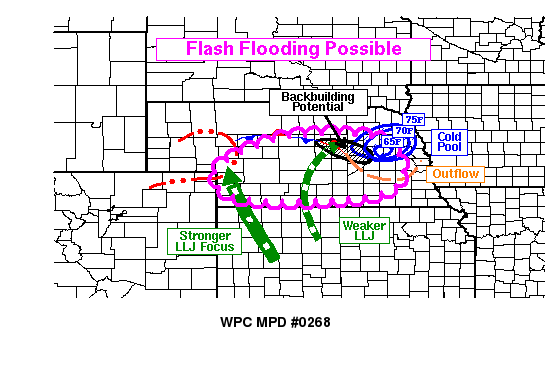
AREAS AFFECTED...NEBRASKA

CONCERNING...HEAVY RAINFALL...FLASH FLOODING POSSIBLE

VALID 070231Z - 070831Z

SUMMARY...SLOW-MOVING STORM CLUSTERS ARE LIKELY OVERNIGHT IN
NEBRASKA...AND IF THEY PERSIST LONG ENOUGH THEY MAY MERGE IN SOME
AREAS. THIS SHOULD CREATE LOCALIZED AREAS WITH PROLONGED HEAVY
RAINFALL AND THE POTENTIAL FOR FLASH FLOODING. RAIN RATES COULD
EXCEED 2 IN/HR.

DISCUSSION...REGIONAL RADARS SHOWED TWO PROMINENT STORM CLUSTERS
ON EITHER END OF NEBRASKA (WEST AND EAST) AND BOTH APPEARED TO
HAVE ESTABLISHED A COLD POOL. THE FIRST MCS WAS JUST BEGINNING TO
PUSH EAST FROM THE NEBRASKA PANHANDLE AND WAS SHOWING SIGNS OF
MORE FORWARD PROPAGATION WITH TEMPERATURES FALLING TO AROUND 60F
AND 1-HR PRESSURE RISES AS HIGH AS 5 MILLIBARS (KOGA). ANOTHER
SMALLER CONVECTIVE CLUSTER APPEARED TO BE ANCHORED NEARLY IN PLACE
FROM NEAR KBVN TO KOLU ON THE UPSHEAR FLANK OF A CONVECTIVE COLD
POOL. SUFACE TEMPERATURES WERE INTO THE 60S JUST TO THE
NORTHEAST...AND THE NEARLY STATIONARY POSITION OF THIS COLD POOL
WAS SUSTAINING (AND LEADING TO BACKBUILDING) OF CONVECTION NEAR
WHERE THE MOIST LOW-LEVEL INFLOW WAS INTERCEPTING IT. THE
BACKBUILDING PROCESS WAS SOMEWHAT SLOW...HOWEVER.

ALTHOUGH HI-RES MODELS ARE STRUGGLING IN THIS REGION...THE 18Z NAM
NEST SHOWED A SOMEWHAT REASONABLE SCENARIO WHERE A FORWARD
PROPAGATING MCS PUSHES EAST INTO CENTRAL NEBRASKA...FOCUSING ALONG
AND JUST SOUTH OF A STATIONARY FRONT...AND EVENTUALLY MEETS A
SLOWLY BACKBUILDING CONVECTIVE CLUSTER FURTHER EAST. IT SHOWED
LOCALIZED RAINFALL AS HIGH AS 4-6 INCHES WITH RAIN RATES PEAKING
ABOVE 2 IN/HR WHERE CONVECTION WAS MORE SUSTAINED. ALTHOUGH THE
SPECIFICS OUTLINED BY THE 18Z NAM NEST MAY NOT BE EXACTLY
CORRECT...IT DOES SEEM TO BE A MORE LIKELY EVOLUTION...WITH A
LARGE RESERVOIR OF HIGH CAPE VALUES ACROSS CENTRAL NEBRASKA. THE
LIMITING FACTOR WOULD BE RELATIVELY WEAK WIND SHEAR WHICH MAY NOT
FAVOR GREATER STORM ORGANIZATION WITH TIME...BUT THE STRONG
INSTABILITY MAY COMPENSATE FOR THIS.

GIVEN THE POTENTIAL FOR BACKBUILDING AND TRAINING CONVECTION TO
CONTINUE...AND RAIN RATES EXCEEDING 2 IN/HR...FLASH FLOODING SEEMS
POSSIBLE ACROSS PORTIONS OF NEBRASKA TO THE SOUTH AND SOUTHEAST OF
THE SAND HILL REGION.